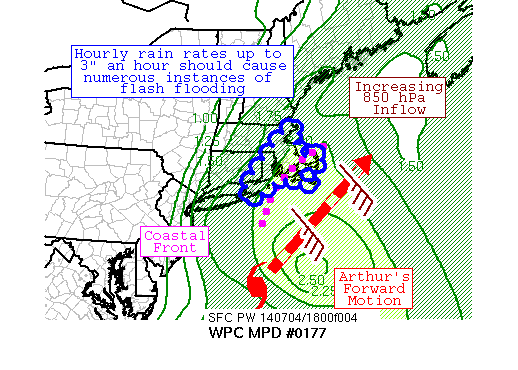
AREAS AFFECTED...EASTERN LONG ISLAND AND SOUTHEAST NEW ENGLAND

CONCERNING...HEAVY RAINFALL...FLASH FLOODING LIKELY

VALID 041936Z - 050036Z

SUMMARY...THUNDERSTORMS WITH INCREASING RAINFALL RATES ARE
EXPECTED ACROSS EASTERN LONG ISLAND AND SOUTHEAST NEW ENGLAND,
WITH 3" AN HOUR RATES POSSIBLE.  CONSIDERING THE RAINFALL RECEIVED
SO FAR TODAY, NUMEROUS INSTANCES OF FLASH FLOODING ARE EXPECTED.

DISCUSSION...HURRICANE ARTHUR CONTINUES MOVING NORTHEAST TOWARDS
THE REGION.  WHILE A SYNOPTIC SCALE FRONTAL BOUNDARY LIES TO ITS
WEST AND NORTH, A COASTAL FRONT IS FOCUSING THUNDERSTORM ACTIVITY
WITH RAINFALL RATES OF 1" AN HOUR.  PRECIPITABLE WATER VALUES NEAR
2" CONTINUE ACROSS THE REGION, AND RECENT RADAR IMAGERY SHOWS
BANDS OF THUNDERSTORMS WITH INCREASING RAINFALL RATES JUST
OFFSHORE LONG ISLAND AND SOUTHERN NEW ENGLAND.

THE 12Z ARW INDICATES THAT CAPES SHOULD RISE ABOVE 1000 J/KG AS
THE RAP GUIDANCE INDICATES THAT 850 HPA INFLOW RAMPS UP OVER THE
NEXT SEVERAL HOURS TO GALE-FORCE.  THE CRITERIA FOR THE WET
MULTI-CELL ENVIRONMENT SHOULD BE REACHED AROUND 21Z.  THE SYNOPTIC
SCALE FRONT IS EXPECTED TO PHASE WITH THE COASTAL FRONT OVER THE
NEXT SEVERAL HOURS, WHICH SHOULD INCREASE SURFACE CONVERGENCE.
RAINFALL RATES SHOULD APPROACH 3" AN HOUR IN STRONGER STORMS.  THE
CURRENT MESOSCALE GUIDANCE APPEARS TOO LIGHT WITH PRECIPITATION
TOTALS IN THIS REGION, ALL THINGS CONSIDERED.  LOCAL AMOUNTS OF
3-5" LOCALLY DURING THIS PERIOD SHOULD CAUSE NUMEROUS INSTANCES OF
FLASH FLOODING.